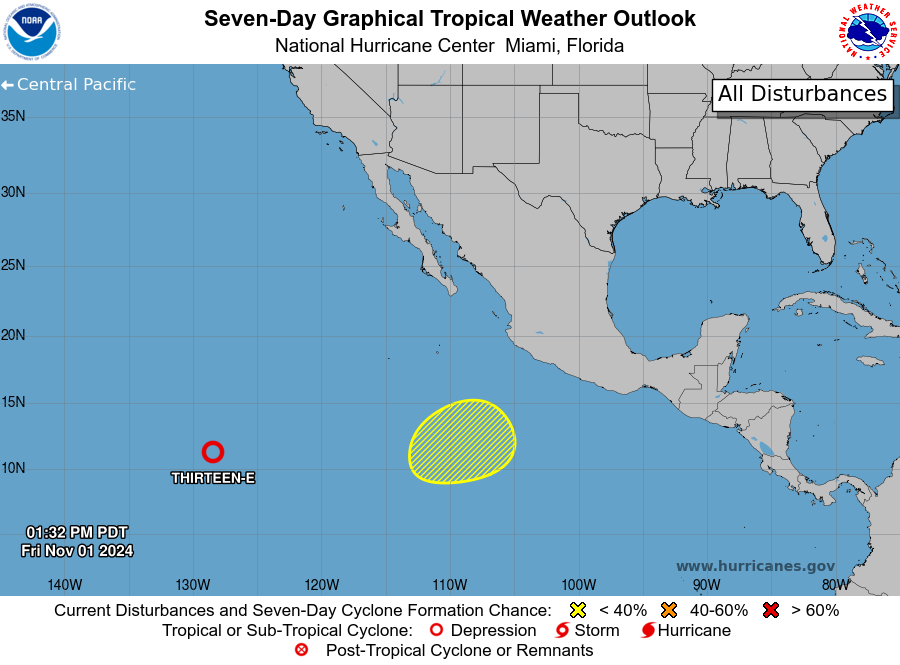
For the eastern North Pacific...east of 140 degrees west longitude:

1. Central East Pacific (EP92): Shower and thunderstorm activity associated with an area of low pressure located more than 1000 miles southwest of the southern tip of the Baja California peninsula has become better organized today. A tropical depression could form during the next couple of days while the low moves slowly westward. By late this weekend, however, environmental conditions are expected to become less conducive for development.
* Formation chance through 48 hours...medium...60 percent.
* Formation chance through 7 days...medium...60 percent.

2. Southwest of Southwestern Mexico: An area of low pressure could form well offshore of southwestern Mexico during the early to middle part of next week. Afterward, some slow development is possible while the system drifts slowly east-northeastward.
* Formation chance through 48 hours...low...near 0 percent.
* Formation chance through 7 days...low...30 percent.

Forecaster Hogsett